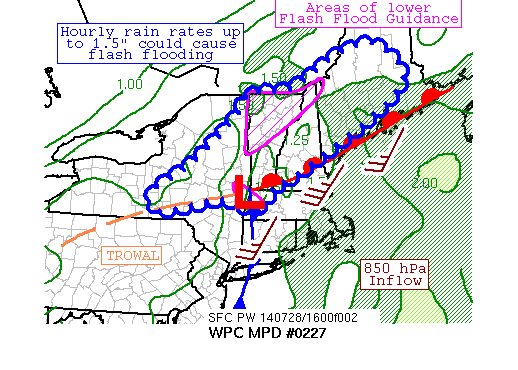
AREAS AFFECTED...EASTERN NY AND NORTHERN NEW ENGLAND

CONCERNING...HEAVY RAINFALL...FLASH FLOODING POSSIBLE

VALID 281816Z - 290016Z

SUMMARY...INCREASING CONVECTION ACROSS SOUTHEAST NY COULD TRAIN
ACROSS SECTIONS OF SOUTHERN AND EASTERN NY AND THROUGH A GOOD
PORTION OF NEW ENGLAND.  FLASH FLOODING IS POSSIBLE IN THIS REGION.

DISCUSSION...AN UNSEASONABLY DEEP CYCLONE FOR LATE JULY IS
FOCUSING CONVECTION FROM ITS TROWAL FEATURE ACROSS SOUTH-CENTRAL
NY INTO SOUTHEAST NY NEAR THE MAIN SURFACE LOW.  UP TO FIVE INCHES
OF RAIN HAS FALLEN ACROSS THE FINGER LAKES NEAR THE MAIN UPPER
CENTER DURING THE MORNING HOURS.  PRECIPITABLE WATER VALUES REMAIN
1.25-1.5", WHILE 850 HPA INFLOW INTO THE WARM FRONT FROM SOUTHERN
NEW ENGLAND IS AROUND 35 KTS PER VAD WIND PROFILES.  CAPE VALUES
ACROSS SOUTHEAST NY AND SOUTHERN NEW ENGLAND HAVE INCREASED TO
OVER 1000 J/KG REGIONALLY, WITH 2000+ VALUES ACROSS SOUTHERN NEW
ENGLAND IN THE SYSTEM'S WARM SECTOR.  THESE CRITERIA MEET THE
LOWER THRESHOLD OF THE WET MULTI-CELL ENVIRONMENT.

THE MAIN THREAT FROM A FLASH FLOOD PERSPECTIVE APPEARS TO BE CELL
TRAINING IN THIS REGION NEAR THE MAIN UPPER LOW, ALONG THE
SYSTEM'S TROWAL, AND NEAR/NORTH OF THE CYCLONE'S WARM FRONT.
RAINFALL RATES UP TO 1.5" AN HOUR REMAIN POSSIBLE, WHICH COULD
CAUSE FLASH FLOODING WHERE CELLS TRAIN.  A QUICK 3-5" OF RAIN IS
POSSIBLE LOCALLY IN THIS REGION, MAINLY ACROSS PORTIONS OF NEW
ENGLAND.